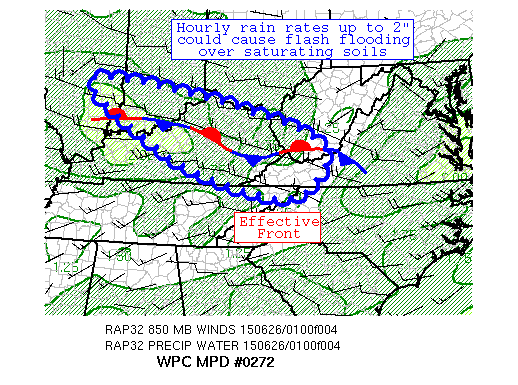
AREAS AFFECTED...SOUTHERN IN, EASTERN KY, WESTERN VIRGINIAS

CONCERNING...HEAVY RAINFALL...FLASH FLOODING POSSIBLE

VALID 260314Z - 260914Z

SUMMARY...THUNDERSTORMS WITH HEAVY RAINFALL ARE EXPECTED TO MOVE
EASTWARD AND PERSIST TOWARDS DAWN.  FLASH FLOODING IS CONSIDERED
POSSIBLE.

DISCUSSION...A BAND OF THUNDERSTORMS HAS FORMED ACROSS PORTIONS OF
SOUTHEAST IL AND SOUTHERN IN, DOWNSTREAM OF MIXED LAYER CAPES OF
2000-4000 J/KG.  TO THE EAST, SCATTERED SHOWERS AND THUNDERSTORMS
HAVE BEEN SEEN ACROSS SOUTHERN WV AND EASTERN KY THIS AFTERNOON,
WHICH HAVE DROPPED LOCAL AMOUNTS OF 1-2" -- THIS HAS BEGUN TO
SATURATE SOILS LOCALLY.  RAP MASS FIELDS INDICATE STABLE 850 HPA
INFLOW ACROSS SOUTHERN IL AND SOUTHERN IN, WITH INCREASING 850 HPA
CONVERGENCE ACROSS EASTERN KY BEYOND 06Z WHILE INCREASING THE
MAGNITUDE OF 850 HPA INFLOW.  THE COMBINATION OF A DIGGING
SHORTWAVE MOVING SOUTHWARD ACROSS SOUTHEAST CANADA AND OUTFLOW
BOUNDARIES/POSSIBLE MCVS FROM UPSTREAM CONVECTION ACROSS SOUTHERN
IL APPEAR TO BE THE MAIN FORCING MECHANISMS FOR ACTIVITY IN THIS
REGION, OUTSIDE OF THE NOCTURNAL LOW-LEVEL JET.  PRECIPITABLE
WATER VALUES OF 1.5-2" ARE PRESENT BASED ON RECENT RAP
ANALYSES/FORECASTS, 1.5 SIGMAS ABOVE THE NORM FOR LATE JUNE.  NO
SIGNIFICANT CAP APPEARS TO BE IN PLACE, WITH CONVECTION EXPECTED
TO FORM CONTINUE IN THE VICINITY OF A VAGUE TEMPERATURE GRADIENT.

MOST OF THE MESOSCALE QPF GUIDANCE -- OUTSIDE RECENT HRRR AND RAP
RUNS -- ADVERTISE LOCAL AMOUNTS OF 2-3" OF RAINFALL ACROSS EASTERN
KY OVER THE NEXT SEVERAL HOURS, WITH NONE OF THE GUIDANCE HANDLING
CURRENT ACTIVITY IN SOUTHERN IN PROPERLY.  WITH HOURLY RAIN RATES
UP TO 1.5-2" ANTICIPATED, HEAVY RAINFALL COULD OCCUR QUICKLY.
FORWARD PROPAGATION TO THE EAST-SOUTHEAST NEAR 20 KTS IS EXPECTED
TO CONTINUE -- CELL TRAINING IS THE MAIN THREAT.  THE THREE HOURLY
FLASH FLOOD GUIDANCE VALUES ACROSS EASTERN KY ARE ON PAR WITH THE
AMOUNTS SEEN IN THE MESOSCALE GUIDANCE, MAKING THIS A BORDERLINE
EVENT WITH GREATER THAN AVERAGE UNCERTAINTY.  ACROSS SOUTHERN IN,
THE FLASH FLOOD GUIDANCE VALUES ARE LOWER.  THE STRONGEST SIGNAL
IN THE 18Z SSEO NEIGHBORHOOD PROBABILITIES IS BETWEEN 08Z-11Z,
INDICATING THAT WHATEVER ORGANIZED CONVECTION FORMS OR MOVES INTO
EASTERN KY AROUND 06Z COULD PERSIST TOWARDS SUNRISE.  FLASH
FLOODING IS CONSIDERED POSSIBLE OVER SATURATING SOILS.